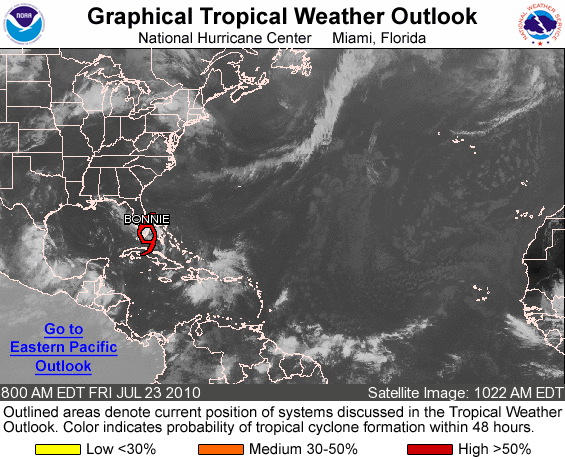
FOR THE NORTH ATLANTIC...CARIBBEAN SEA AND THE GULF OF MEXICO...

THE NATIONAL HURRICANE CENTER IS ISSUING ADVISORIES ON TROPICAL STORM BONNIE LOCATED ABOUT 80 MILES SOUTH-SOUTHEAST OF MIAMI FLORIDA. THE MAJORITY OF THE DISORGANIZED SHOWER AND THUNDERSTORM ACTIVITY ASSOCIATED WITH A BROAD AREA OF LOW PRESSURE LOCATED OVER EASTERN MEXICO HAS MOVED INLAND. DEVELOPMENT OF THIS SYSTEM IS NOT LIKELY...AND THERE IS A LOW CHANCE...NEAR ZERO PERCENT...OF THIS SYSTEM BECOMING A TROPICAL CYCLONE DURING THE NEXT 48 HOURS.

ELSEWHERE...TROPICAL CYCLONE FORMATION IS NOT EXPECTED DURING THE NEXT 48 HOURS.

PUBLIC ADVISORIES ON TROPICAL STORM BONNIE ARE ISSUED UNDER WMO HEADER WTNT33 KNHC AND UNDER AWIPS HEADER MIATCPAT3. FORECAST/ADVISORIES ARE ISSUED UNDER WMO HEADER WTNT23 KNHC AND UNDER AWIPS HEADER MIATCMAT3.

FORECASTER ROBERTS/AVILA